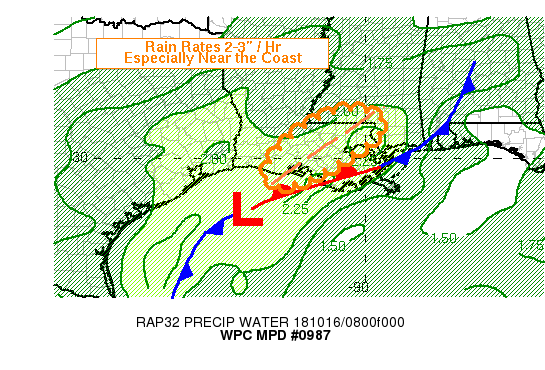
Areas affected...SRN LA...FAR SRN MS

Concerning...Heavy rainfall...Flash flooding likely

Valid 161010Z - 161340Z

Summary...Thunderstorms with intense rainfall were ongoing near
the coast, and may evolve inland this morning, carrying a threat
of flash flooding.

Discussion...While synoptic deep layer lift was better defined
over Texas and northern Louisiana, a small MCS had flared up this
morning near coastal southern Louisiana. This region was being
forced by what appeared to be a wave on the low level frontal
boundary, supported also by subtle upper level difluence, all
while precipitable water values were very high, 2.00 to 2.20
inches per the SPC Mesoanalysis. The 00Z KLCH sounding which had
been launched as the front was arriving, measured a remarkable
2.40-plus PW value. Instability in the inflow region was also
plentiful, with the same mesoanalysis depicting the ongoing
convection at 10Z occurring along the gradient near CAPE values
that increase quickly from 500 J/kg to 1500 J/kg with southward
extent.

The only guidance handling this anywhere close to reality was the
NAM CONUS Nest, which fits well with the radar / observational
trends that suggest as deep convection persists near Vermilion
Parish it may eventually shed an MCV and we will see convection
expand in coverage east and northeastward along the CAPE gradient
toward eastern LA and far southern MS.

The greatest rain rates are likely to remain on the southern /
southwestern flank of all this activity. Given the moderate CAPE
and high PW environment, dual-pol rainfall estimates were quite
large, at up to 2.5 inches per hour and with local 6-inch amounts
already estimated between Intracoastal City and Forked Island.
Flash flooding is likely occurring, and a few more instances of
flash flooding may develop elsewhere in the region through 14Z.